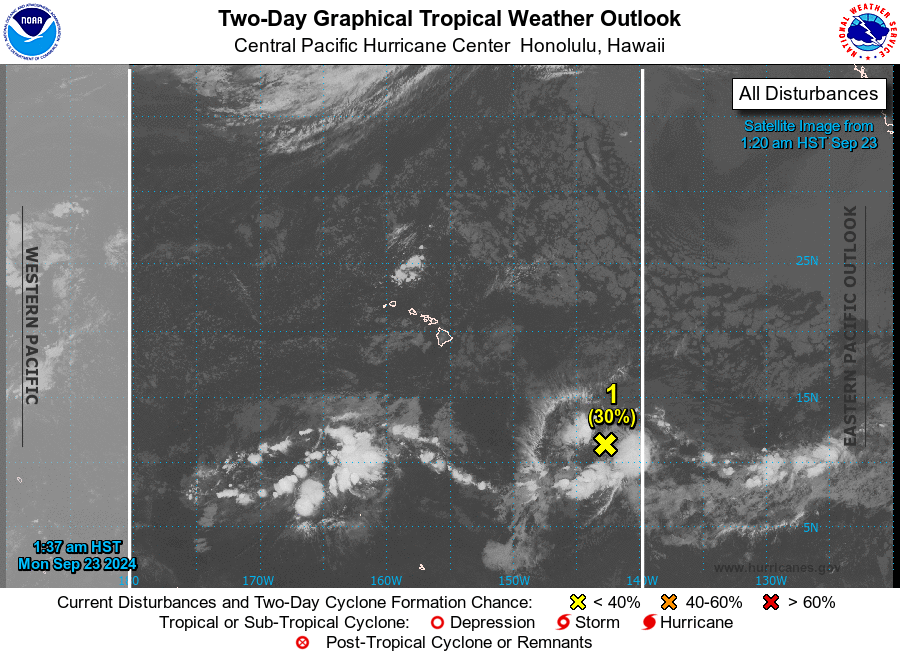
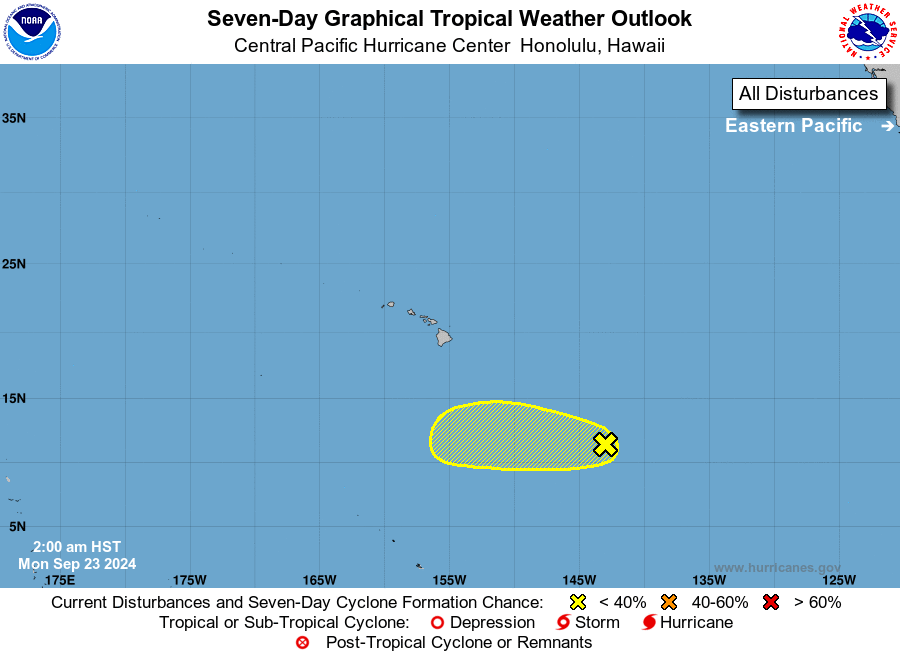
For the central North Pacific...between 140W and 180W:

1. Approximately 1000 miles southeast of Hilo, Hawaii: An area of low pressure located far southeast of Hawaii continues to produce disorganized showers and thunderstorms. Upper level winds are becoming increasingly unfavorable for further development of this system as it moves westward at 5 to 10 mph.
* Formation chance through 48 hours...low...30 percent.
* Formation chance through 7 days...low...30 percent.

Forecaster Blood